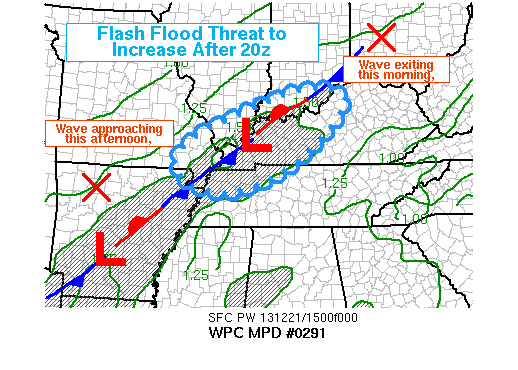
AREAS AFFECTED...WRN KY AND TN...SE MO...SRN IL AND IN

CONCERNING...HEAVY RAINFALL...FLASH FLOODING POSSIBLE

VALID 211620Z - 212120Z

SUMMARY...WIDESPREAD LIGHT TO MODERATE RAIN WILL CONTINUE TO
SUPPORT LOCAL INUNDATION PROBLEMS THROUGH EARLY AFTERNOON. MORE
INTENSE CONVECTIVE RAINFALL IS ANTICIPATED IN THE
AFTERNOON/EVENING HOURS...WITH A GREATER RISK OF FLASH FLOODING
DEVELOPING AFTER 20Z.

DISCUSSION...A BROAD SWATH OF 1 TO 1.5 AND LOCALLY 2.5 INCHES OF
RAIN HAD FALLEN OVERNIGHT IN THE LOWER OHIO AND MID MISSISSIPPI
VALLEYS. THUS FAR LOCAL STORM REPORTS INDICATED WATER OVER ROADS
AND GENERALLY STANDING WATER. ONGOING LIGHT TO MODERATE
RAIN...WITH RATES OF A HALF INCH OR LESS PER HOUR...WILL SUSTAIN
LOCAL PROBLEMS WITH INUNDATION...BUT THE RISK OF FLASH FLOODING IS
EXPECTED TO INCREASE LATER TODAY.

AT MID MORNING THIS REGION WAS BETWEEN SYNOPTIC SCALE FORCING
MECHANISMS...WITH A CORRIDOR OF MORE CONCETRATED LOW LEVEL
ADVECTIONS PASSING OFF TO THE NORTHEAST AND SEPARATING ITSELF FROM
THE INSTABILITY AXIS...AND THE PRIMARY UPPER WAVE STILL
APPROACHING THROUGH OK/TX. THUNDERSTORMS WITH LIGHT TO MODERATE
RAIN WILL LIKELY BE SUSTAINED WITHIN THE OUTLINED AREA...OWING TO
CONTINUED STRONG MOISTURE TRANSPORT AND A LOW LEVEL
FRONTOGENETICAL CIRCULATION. RAIN RATES ARE ANTICIPATED TO
INCREASE...HOWEVER...AFTER ABOUT 19-20Z PER HRRR AND RUC
FORECASTS. DEEP LAYER ASCENT ARRIVING FROM THE WEST...AN
INCREASINGLY MOIST BOUNDARY LAYER WITH PRECIPITABLE WATER VALUES
APPROACHING 1.70 INCHES...AND A BOOST TO CAPE FROM PARTIAL HEATING
IN THE INFLOW REGI0N...ALL FAVOR MORE VIGOROUS THUNDERSTORMS LATER
THIS AFTERNOON.